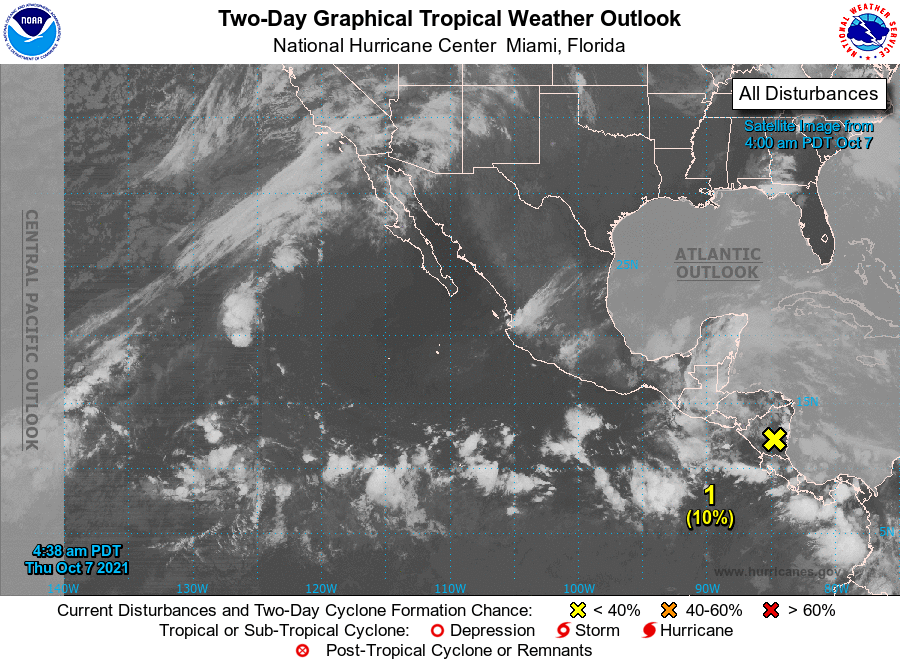
For the eastern North Pacific...east of 140 degrees west longitude:

1. A tropical wave is producing a large area of disorganized cloudiness and thunderstorms over portions of Central America and the adjacent eastern Pacific waters. This system is expected to move westward and emerge over the eastern Pacific Ocean later today or tonight. Environmental conditions are forecast to be conducive for gradual development over the next few days, and a tropical depression is likely to form over the weekend or early next week while the system moves westward to west-northwestward.
* Formation chance through 48 hours...low...10 percent.
* Formation chance through 5 days...high...70 percent.

Forecaster Brown